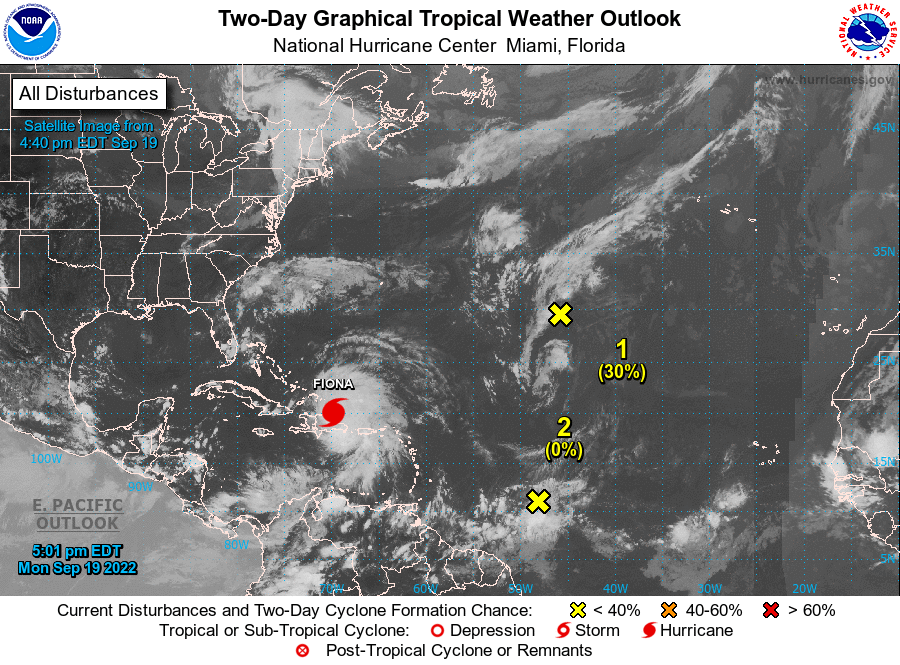
For the North Atlantic...Caribbean Sea and the Gulf of Mexico:

Active Systems: The National Hurricane Center is issuing advisories on Hurricane Fiona, located near the northern coast of the Dominican Republic.

1. Central Subtropical Atlantic: Shower and thunderstorm activity has changed little since yesterday evening in association with an area of low pressure located over the central subtropical Atlantic. Some slow development, however, is possible during the next couple of days before environmental conditions become less conducive later this week. The system should generally move northward or northeastward while remaining over the open central subtropical Atlantic.
* Formation chance through 48 hours...low...30 percent.
* Formation chance through 5 days...low...30 percent.

2. Central Tropical Atlantic: A tropical wave located several hundred miles east of the Windward Islands is producing an area of disorganized showers and thunderstorms. Some gradual development of this system is possible during the next several days while the system approaches the Windward Islands toward the end of the week and moves over the eastern Caribbean sea over the weekend.
* Formation chance through 48 hours...low...near 0 percent.
* Formation chance through 5 days...low...20 percent.

Forecaster Roberts